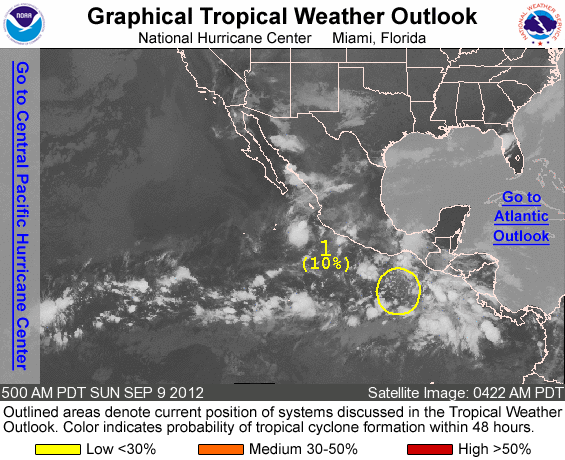
FOR THE EASTERN NORTH PACIFIC...EAST OF 140 DEGREES WEST LONGITUDE..

1. A WEAK AREA OF LOW PRESSURE HAS FORMED A FEW HUNDRED MILES SOUTH OF THE GULF OF TEHUANTEPEC. ALTHOUGH THIS DISTURBANCE IS CURRENTLY RATHER DISORGANIZED...ENVIRONMENTAL CONDITIONS ARE CONDUCIVE FOR SLOW DEVELOPMENT DURING THE NEXT COUPLE OF DAYS. THIS SYSTEM HAS A LOW CHANCE...10 PERCENT...OF BECOMING A TROPICAL CYCLONE DURING THE NEXT 48 HOURS AS IT MOVES WEST-NORTHWESTWARD AROUND 10 MPH.

FORECASTER KIMBERLAIN